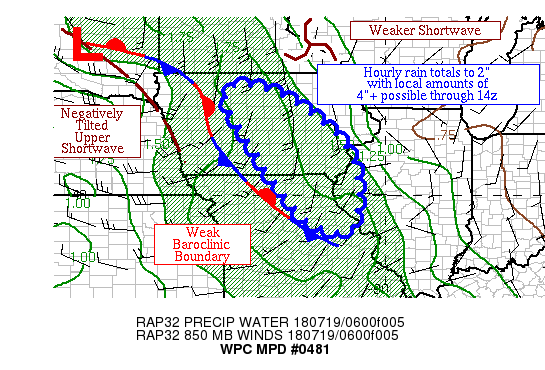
AREAS AFFECTED...CENTRAL IA, NORTHEAST MO, & VICINITY

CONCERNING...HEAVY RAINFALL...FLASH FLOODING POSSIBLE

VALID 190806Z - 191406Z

SUMMARY...SHOWERS AND THUNDERSTORMS ARE INCREASING IN COVERAGE AND
INTENSITY TO THE EAST OF A WEAK THERMAL BOUNDARY.  HOURLY RAIN
TOTALS TO 2" WITH LOCAL AMOUNTS TO 4" ARE POSSIBLE THROUGH 14Z.

DISCUSSION...SATELLITE IMAGERY REVEALS A COUPLE UPPER LEVEL
SHORTWAVES THAT ARE LEADING TO AN UPTICK IN CONVECTION FROM
CENTRAL IA INTO NORTHEAST MO WITHIN A MOISTURE AND INSTABILITY
GRADIENT TO THE EAST OF A WEAK THERMAL BOUNDARY.  THE WEAKER
SHORTWAVE IS TO THE NORTH ACROSS SOUTHEAST MN, WHILE A STRONGER
NEGATIVELY-TILTED SHORTWAVE IS APPROACHING FROM WESTERN IA.
PRECIPITABLE WATER VALUES OF 1.5-1.8" EXIST IN THIS AREA.  INFLOW
AT 850 HPA IS CONVERGENT AT 15-25 KTS PER VAD WIND PROFILES, WHICH
EXCEEDS THE MEAN 850-400 HPA WIND.  EFFECTIVE BULK SHEAR IS 20-30
KTS PER SPC MESOANALYSES.  MU CAPE VALUES UPWIND ARE 500-1000
J/KG, AND INCREASING.

WITH MINIMAL MOVEMENT EXPECTED WITH NEARBY BOUNDARIES AT THE
SURFACE AND 850 HPA OVER THE NEXT SEVERAL HOURS, AND SOME
ADDITIONAL INCREASE IN THE 850 HPA INFLOW POSSIBLE, BELIEVE
PRECIPITATION RATES SHOULD INCREASE WITH TIME AS INSTABILITY
INCREASES.  THE 0Z HREF PROBABILITIES OF 1"+ IN AN HOUR INDICATE
AN UPTICK IN RAIN RATES, PEAKING IN THE 10-13Z TIME FRAME.  WHILE
THE 00Z NMMB GUIDANCE IS DOING QUITE WELL THUS FAR, THE 00Z AND
06Z NAM CONEST APPEAR TO HAVE VALUE.  HOURLY RAIN TOTALS SHOULD
PEAK IN THE 2" RANGE WITH LOCAL AMOUNTS OF 4"+ POSSIBLE.  THIS
WOULD CHALLENGE THE THREE HOUR FLASH FLOOD GUIDANCE VALUES IN THIS
REGION.